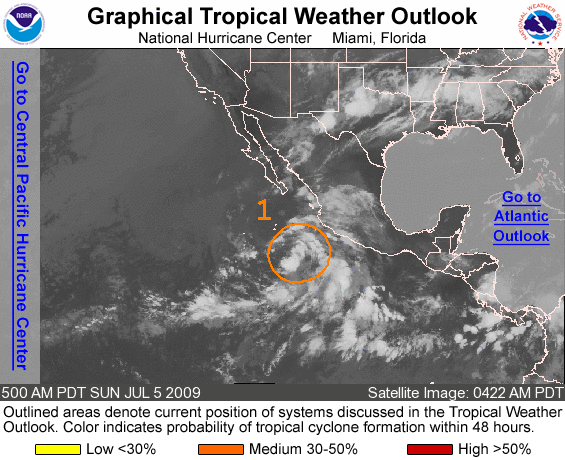
FOR THE EASTERN NORTH PACIFIC...EAST OF 140 DEGREES WEST LONGITUDE..

1. THE AREA OF LOW PRESSURE LOCATED ABOUT 325 MILES SOUTHWEST OF MANZANILLO MEXICO IS SHOWING SOME SIGNS OF ORGANIZATION. CONDITIONS APPEAR FAVORABLE FOR ADDITIONAL DEVELOPMENT OF THIS SYSTEM AND IT COULD BECOME A TROPICAL DEPRESSION DURING THE NEXT COUPLE OF DAYS AS IT MOVES WEST-NORTHWESTWARD AT 10 TO 15 MPH. THERE IS A MEDIUM CHANCE...30 TO 50 PERCENT...OF THIS SYSTEM BECOMING A TROPICAL CYCLONE DURING THE NEXT 48 HOURS.

ELSEWHERE...TROPICAL CYCLONE FORMATION IS NOT EXPECTED DURING THE NEXT 48 HOURS.

FORECASTER BROWN